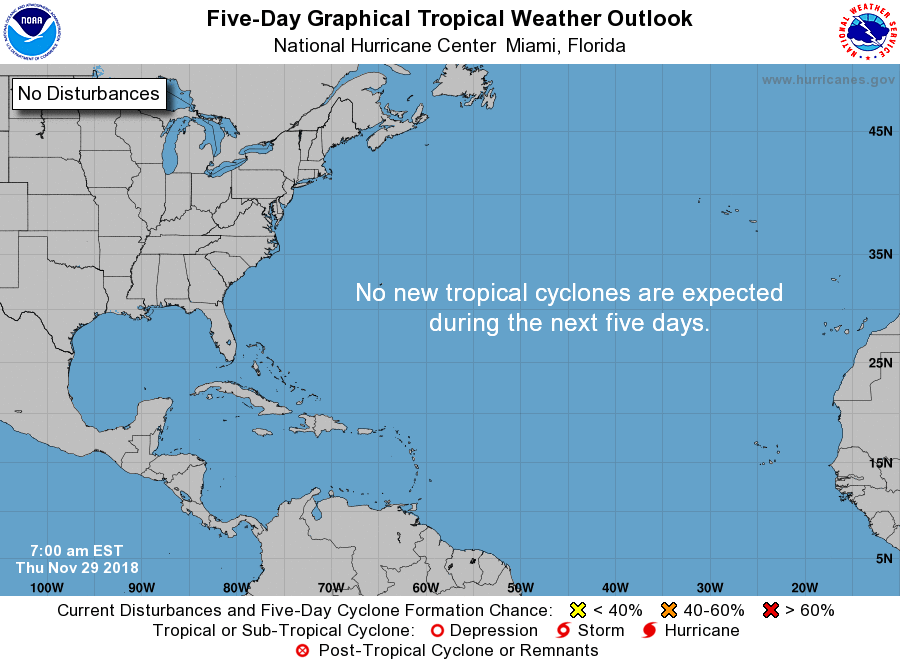
For the North Atlantic...Caribbean Sea and the Gulf of Mexico:

Tropical cyclone formation is not expected during the next 5 days.

Forecaster Stewart